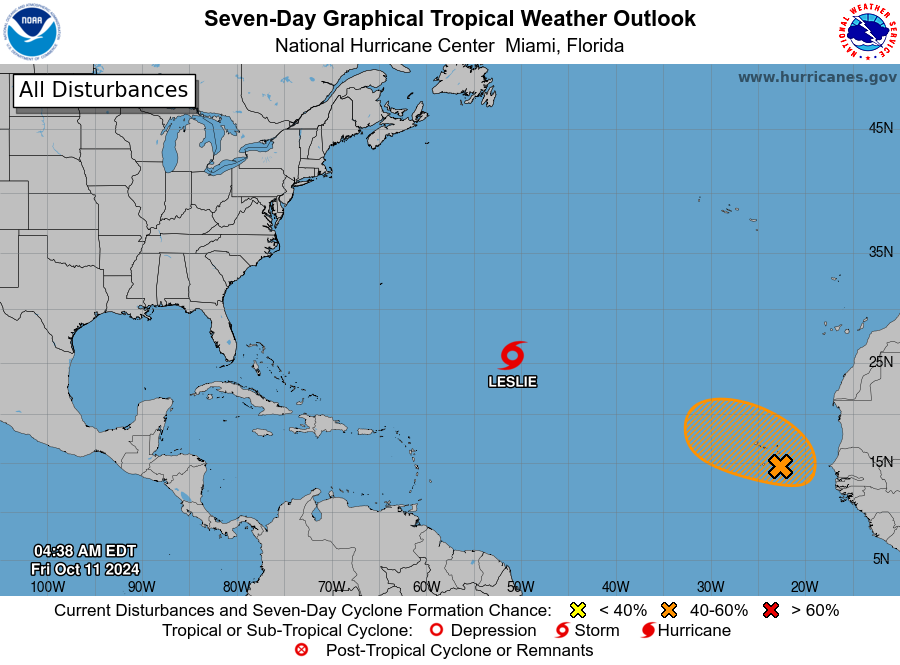
For the North Atlantic...Caribbean Sea and the Gulf of Mexico:

Active Systems: The National Hurricane Center is issuing advisories on Tropical Storm Leslie, located over the central subtropical Atlantic Ocean.

1. Eastern Tropical Atlantic (AL94): Shower and thunderstorm activity has become better organized in association with an area of low pressure located over the Cabo Verde Islands. Some additional development is possible and a short-lived tropical depression or tropical storm could form while the system moves westward or west-northwestward at 10 to 15 mph across the Cabo Verde Islands and eastern tropical Atlantic today. By Saturday, environmental conditions are forecast to become less conducive, and further development is unlikely after that time. Regardless of development, localized areas of heavy rain and gusty winds are possible across portions of the Cabo Verde Islands today.
* Formation chance through 48 hours...medium...40 percent.
* Formation chance through 7 days...medium...40 percent.

Forecaster Bucci